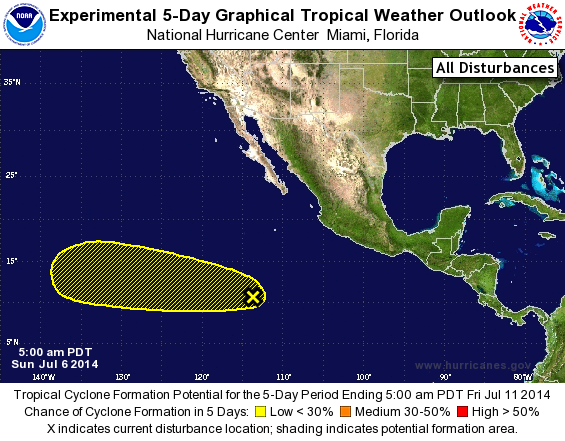
For the eastern North Pacific...east of 140 degrees west longitude:

1. A weak area of low pressure is located several hundred miles south- southwest of the southern tip of the Baja California peninsula. Showers and thunderstorms associated with this low remain minimal, and any development should be slow to occur during the next few days while it moves westward or west-northwestward at 10 to 15 mph.
* Formation chance through 48 hours...low...10 percent.
* Formation chance through 5 days...low...20 percent.

Forecaster Blake